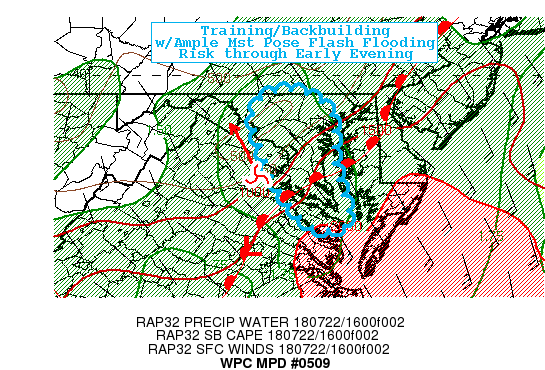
AREAS AFFECTED...CENTRAL MD...NORTHERN VA...

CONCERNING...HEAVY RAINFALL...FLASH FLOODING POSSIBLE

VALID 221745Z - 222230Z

SUMMARY...INCREASINGLY EFFICIENT CONVECTION NEAR MCV LIFTING
THROUGH WET ANTECEDENT SOIL CONDITIONS POSE POSSIBLE FLASH
FLOODING RISK.

DISCUSSION...REMOTE SENSING SUITE FROM GOES-16 AND RADAR MOSAIC
DEPICT A COMPACT MCV LIFTING THROUGH NOVA AT THIS TIME HEADING
NNW.  SFC MESO ANALYSIS DEPICTS RETURNING WARM FRONT ACROSS THE
NORTHERN NECKS OF TIDEWATER VA INTO ST. MARY'S COUNTY MD BEFORE
ANGLING EASTWARD TOWARD TALBOT COUNTY. STRONG SELY FLOW UP THE
CHESAPEAKE INTO THE POTOMAC RIVER HAS INCREASED TO 20-25KTS PER
MESO OBSERVATIONS WHILE ABOUT 10KTS IN ST.MARY'S COUNTY.  THIS IS
PROVIDING MODERATE WAA AND MST CONVERGENCE ALONG THE EASTERN SIDE
OF THE MCV'S MID-LEVEL CONFLUENCE TO SPARK DEEPER CONVECTION.
WHILE GOES-16 IR SHOWS TOPS COOLING TO -45C...THIS SHALLOW WARM
CLOUD PROCESS WITH LIMITED LIGHTNING STRIKES SUGGEST INCREASED
RAINFALL EFFICIENCY FOR THESE CELLS WITH RADAR ESTIMATES NEARING
1.5"/HR WHICH SEEM PLAUSIBLE GIVEN THE AMPLE MOISTURE UP IN THE
MID-70S AT THE SFC AND TOTAL PWATS UP TO 1.75".

WHILE CELL MOTIONS ARE FAIRLY QUICK TO THE NORTH WITH FAIRLY
UNIDIRECTIONAL SOUTHERLY CLOUD BARING FLOW SUPPORTING 25-30KT
MOTIONS. THE ANGLE TO THE UPSTREAM MST CONVERGENCE ALONG THE
NORTHERN NECK AND INTO SE MD SUGGEST A BACKBUILDING ENVIRONMENT
EXISTS TO SUPPORT SOME TRAINING ACROSS CENTRAL MD OVER THE NEXT
FEW HOURS UNTIL BEST MID-LEVEL FORCING IS WELL REMOVED.  AS SUCH
2-3" TOTALS COULD BE EXPECTED ESPECIALLY OVER SOUTHERN MD.  CELLS
TRACKING A BIT MORE WEST OF DUE NORTH COULD POSE URBAN ISSUES
THOUGH WITH DISTANCE REMOVAL FROM THE BEST INSTABILITY/ASCENT
RAINFALL EFFICIENCY MAY BE SLIGHTLY REDUCED.  GREATER RISK FOR
BACKBUILDING IS LIKELY TO BE ACROSS S VA INTO NE NC...BUT THERE IS
A SUFFICIENT THREAT ACROSS CENTRAL MD GIVEN ANTECEDENT CONDITIONS
THAT FLASH FLOODING MAY BE POSSIBLE IN THE NEXT 1-3 HOURS.